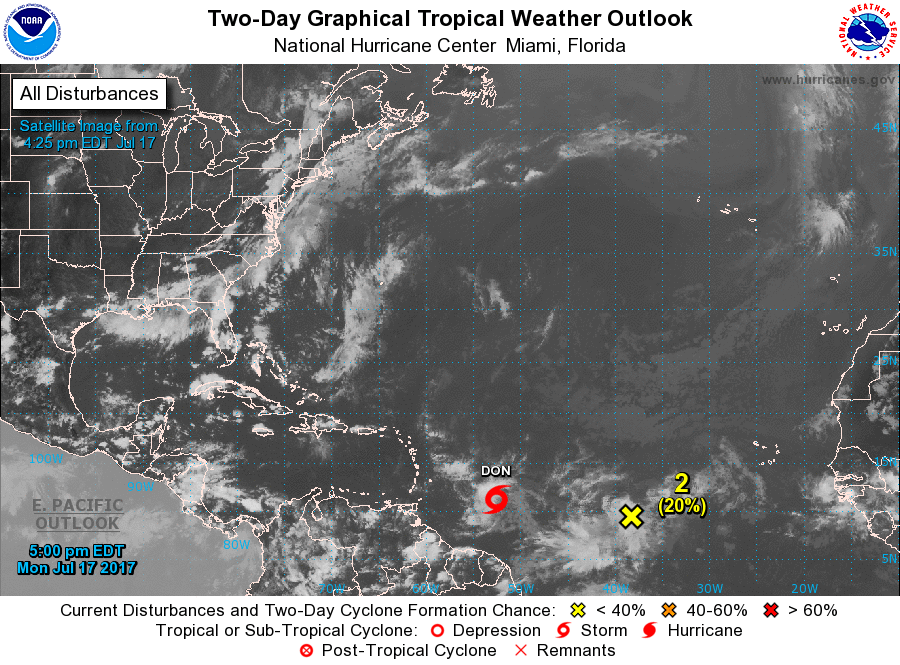
For the North Atlantic...Caribbean Sea and the Gulf of Mexico:

1. An area of low pressure located about 525 miles east-southeast of Barbados is moving westward at 15 to 20 mph. The associated shower and thunderstorm activity has changed little in organization since this morning and the system still appears to lack a well-defined center. Environmental conditions are conducive for some development before the system reaches the Lesser Antilles late Tuesday or early Wednesday. After that time, less favorable upper-level winds are expected to hinder additional development. Regardless of development, this system is expected to bring locally heavy rainfall and gusty winds to portions of the Lesser Antilles beginning Tuesday. An Air Force Reserve reconnaissance aircraft is currently en route to investigate the disturbance.
* Formation chance through 48 hours...medium...50 percent.
* Formation chance through 5 days...medium...50 percent.

2. An area of disturbed weather is located about 875 miles west- southwest of the Cabo Verde Islands. Some gradual development of this system is possible over the next few days while it moves slowly toward the west-northwest or northwest over the open Atlantic Ocean.
* Formation chance through 48 hours...low...20 percent.
* Formation chance through 5 days...low...30 percent.

Forecaster Brown